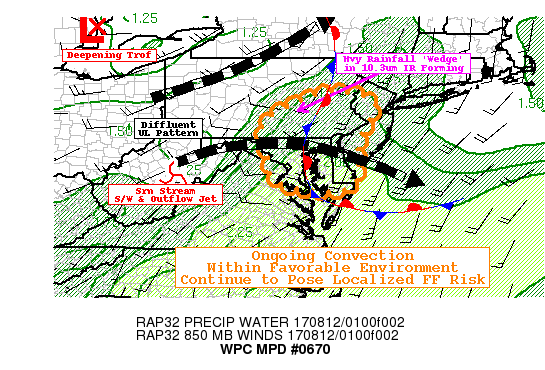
AREAS AFFECTED...SE PA...W/SW NJ...DE...CENTRAL AND E MD

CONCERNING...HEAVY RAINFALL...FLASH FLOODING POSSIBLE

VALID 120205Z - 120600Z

SUMMARY...WARM AIR ADVECTION AND TRAINING CONVECTION MAY CONTINUE
TO POSE FLASH FLOODING CONCERNS IN EARLY OVERNIGHT HOURS.

DISCUSSION...EXPERIMENTAL GOES-16 WV LOOP DENOTES WAVE ACROSS THE
GREAT LAKES CONTINUING TO AMPLIFY UPSTREAM. ADDITIONALLY A
SOUTHERN STREAM SHORTWAVE IN WV AND ITS ASSOCIATED
ANTICYCLONICALLY CURVED OUTFLOW JET COMBINED TO SUPPORT A SOLID
DYNAMICAL ENVIRONMENT FOR WAA ACROSS THE MID-ATLANTIC AND BROAD
SCALE ASCENT.

CURRENT RADAR MOSAIC SHOWS A DECAYING SUPERCELL ACROSS SE MD THAT
HAS BEEN PRODUCING LOCALLY 2-3" (ISOLATED 4") THAT HAS BEEN
ENHANCED BY ADDITIONAL SWLY WAA INDUCED CELLS THAT HAVE THE
POTENTIAL TO CROSS THE TRACK OF THE SUPERCELL MAINTAINING ANY
ONGOING FLOODING CONCERNS THROUGH THE EARLY OVERNIGHT.

FURTHER NORTH AT THE NORTHERN INFLECTION OF THE WAA COINCIDENT
WITH THE BEST LEFT EXIT ASCENT FROM SOUTHERN SHORTWAVE OUTFLOW JET
STREAK...CURRENT IR TREND SUGGEST A CLASSIC HEAVY RAINFALL WEDGE
SIGNATURE IS FORMING ACROSS S CENTRAL PA JUST NORTH OF HARRISBURG
IN THE GREATEST AREA OF DIFFLUENCE ALOFT.  SIMILAR TO FURTHER
SOUTH WAA WILL CONTINUE TO PROVIDE MST FLUX AS WELL AS ISENTROPIC
ASCENT ACROSS LINGERING N-S FRONTAL BOUNDARY. THIS WHILE MEAN FLOW
IS NEARLY ALIGNED TO SUPPORT SOME (THOUGH NOT IDEAL ANGLE) FOR
TRAINING ACROSS S CENTRAL PA INTO SE PA.  LOWER FFG VALUES/URBAN
CENTERS IN THE VICINITY WILL ONLY FURTHER COMPLICATE ANY POSSIBLE
FLASH FLOODING CONCERNS.